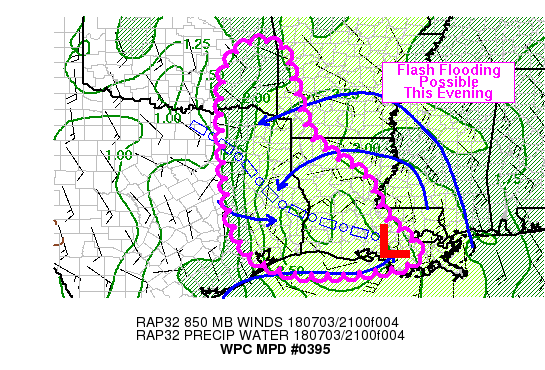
AREAS AFFECTED...SOUTHWEST LOUISIANA AND FAR EAST TEXAS

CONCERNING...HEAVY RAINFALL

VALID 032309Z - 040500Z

SUMMARY...NUMEROUS SHOWERS AND THUNDERSTORMS WILL CONTINUE THIS
EVENING ACROSS ACROSS LOUISIANA AND PARTS OF SOUTHEAST TEXAS IN A
VERY MOIST ENVIRONMENT. THE AREAS OF HEAVY RAIN MAY BE SLOW-MOVING
WHICH SHOULD CONTRIBUTE TO THE POSSIBILITY OF FLASH FLOODING. RAIN
RATES OF 2 TO 3 IN/HR AND 6-HOUR RAINFALL TOTALS MAY EXCEED 5
INCHES ON A LOCALIZED BASIS IN THE OUTLINED AREA.

DISCUSSION...A WEAK SURFACE LOW WAS EVIDENT IN SURFACE
OBSERVATIONS OVER EASTERN LOUISIANA THAT WAS GRADUALLY DRIFTING TO
THE WEST.  MANY OF THE 12Z MODELS AND HI RESOLUTION GUIDANCE
MODELS SHOW THIS GENERAL MOTION TO CONTINUE INTO THE EVENING.
RADAR VWPS AND GOES-16 DERIVED MOTION WINDS CONTINUED TO INDICATE
BROADLY CONFLUENT BOUNDARY LAYER FLOW OVER EAST TEXAS AND FAR
WESTERN LOUISIANA...GENERALLY TO THE NORTHWEST AND WEST OF THE
SURFACE LOW WITH RADAR IMAGERY SHOWING TWO LINES OF CONVECTION IN
THE SAME AREA.

AS THE LOW CONTINUES TO RETROGRADE TO THE WEST...MODELS ARE IN
EXCELLENT AGREEMENT IN SHOWING WIDESPREAD CONVECTIVE DEVELOPMENT
IN THE BUBBLE OF HIGH PWS ACROSS THE REGION. CIRA BLENDED TPWS ARE
AROUND 2.0 TO 2.5 INCHES AND MANY OF THE GPS OBSERVATIONS IN THE
AREA ARE BETWEEN 2.2 AND 2.4 INCHES. THIS IS CONSISTENT WITH DEEP
TROPICAL MOISTURE...AND SHOULD SUPPORT VERY HEAVY RAIN RATES. THE
CONVECTION HAS BEGUN TO SHOW STEADY MOVEMENT OVER EAST TX WHICH
MAY MITIGATE SOME OF THE POTENTIAL FOR FLASH FLOODING BUT THAT
DOES NOT APPEAR ENOUGH TO COMPLETELY OFFSET SOME OF THE HIGHEST
RAINFALL RATES.

AREAS NEAR THE LOW-LEVEL CIRCULATION CENTER HAVE RECENTLY RECEIVED
HEAVY RAINFALL.  THIS INCREASES THE RISK OF ADDITIONAL FLASH
FLOODING EVEN THOUGH INSTABILITY LOOKS TO BE DIMINISHED.  FARTHER
WEST...IN A REGION OF BETTER INSTABILITY DUE IN PART TO BREAKS IN
THE CLOUD COVER...RECENT HRRR FORECASTS SHOW RAINFALL RATES OF 2
TO 3 INCES PER HOUR IN LOCALIZED AREAS.

THEREFORE...CHANCES OF LOCALIZED HEAVY RAINFALL AND FLASH FLOODING
APPEAR HIGHEST IN SOUTHEAST TEXAS NEAR A LINE OF STORMS THAT WERE
PRODUCING HEAVY RAINFALL...BUT HEAVY TO EXCESSIVE RAINFALL WILL BE
POSSIBLE ANYWHERE IN ADJACENT PORTIONS OF LOUISIANA OR EXTREME
EAST TEXAS.